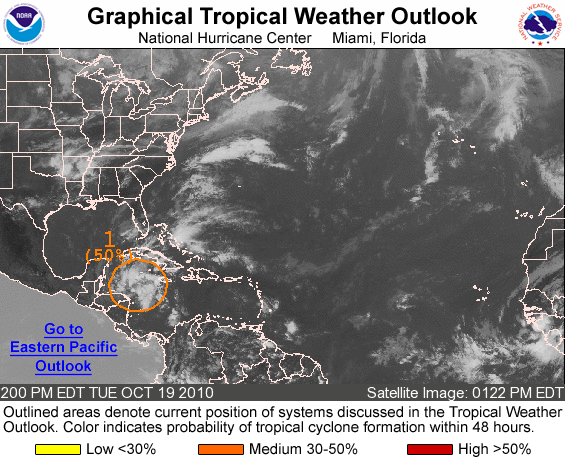
FOR THE NORTH ATLANTIC...CARIBBEAN SEA AND THE GULF OF MEXICO...

1. AN AIR FORCE RESERVE UNIT RECONNAISSANCE AIRCRAFT INVESTIGATING THE AREA OF LOW PRESSURE OVER THE NORTHWESTERN CARIBBEAN SEA...ABOUT MIDWAY BETWEEN HONDURAS AND THE CAYMAN ISLANDS...HAS NOT YET COMPLETED ITS MISSION. ALTHOUGH PRELIMINARY DATA FROM THE AIRCRAFT AND SATELLITE IMAGERY INDICATE THE SYSTEM HAS NOT IMPROVED IN ORGANIZATION...ENVIRONMENTAL CONDITIONS ARE EXPECTED TO REMAIN CONDUCIVE FOR SOME DEVELOPMENT OF THIS DISTURBANCE OVER THE NEXT COUPLE OF DAYS. THERE IS A MEDIUM CHANCE...50 PERCENT...OF THIS SYSTEM BECOMING A TROPICAL CYCLONE DURING THE NEXT 48 HOURS AS IT MOVES TOWARD THE NORTH AT 5 TO 10 MPH.

ELSEWHERE...TROPICAL CYCLONE FORMATION IS NOT EXPECTED DURING THE NEXT 48 HOURS.

FORECASTER STEWART/CANGIALOSI